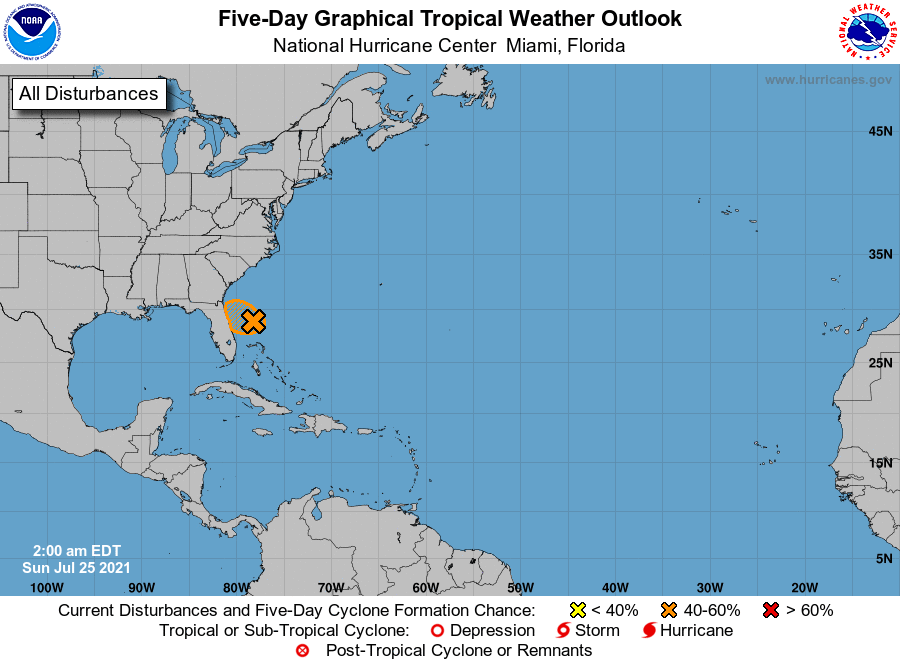
For the North Atlantic...Caribbean Sea and the Gulf of Mexico:

1. A well-defined low pressure system located about 160 miles east of Daytona Beach, Florida, continues to produce disorganized shower and thunderstorm activity mainly east through south of the center. Environmental conditions are expected to remain marginally conducive for additional development, and a tropical depression could still form later today or early Monday while the low moves generally westward at 5 to 10 mph toward the east coast of Florida. An Air Force Reserve reconnaissance aircraft is scheduled to investigate the low this afternoon, if necessary. Interests in Florida should continue to monitor the progress of this system.
* Formation chance through 48 hours...medium...50 percent.
* Formation chance through 5 days...medium...50 percent.

Forecaster Stewart